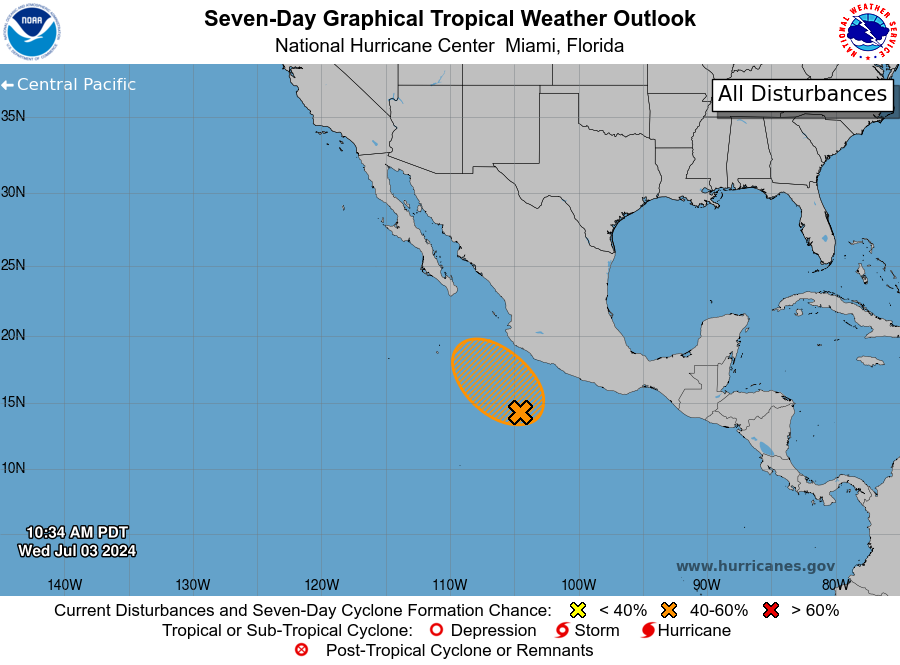
For the eastern North Pacific...east of 140 degrees west longitude:

1. Offshore of Southern Mexico (EP91): Showers and thunderstorms associated with a broad area of low pressure located a few hundred miles south of the southern coast of Mexico have become a little better organized this morning. Environmental conditions appear conducive for some further development of this system during the next day or so, and a short-lived tropical depression could form during that time. On Friday, the system is forecast to move over cooler waters and development after that time is not expected. The disturbance is forecast to move northward to northwestward at 10 to 15 mph, remaining offshore of the southwestern coast of Mexico.
* Formation chance through 48 hours...medium....60 percent.
* Formation chance through 7 days...medium...60 percent.

Forecaster Brown